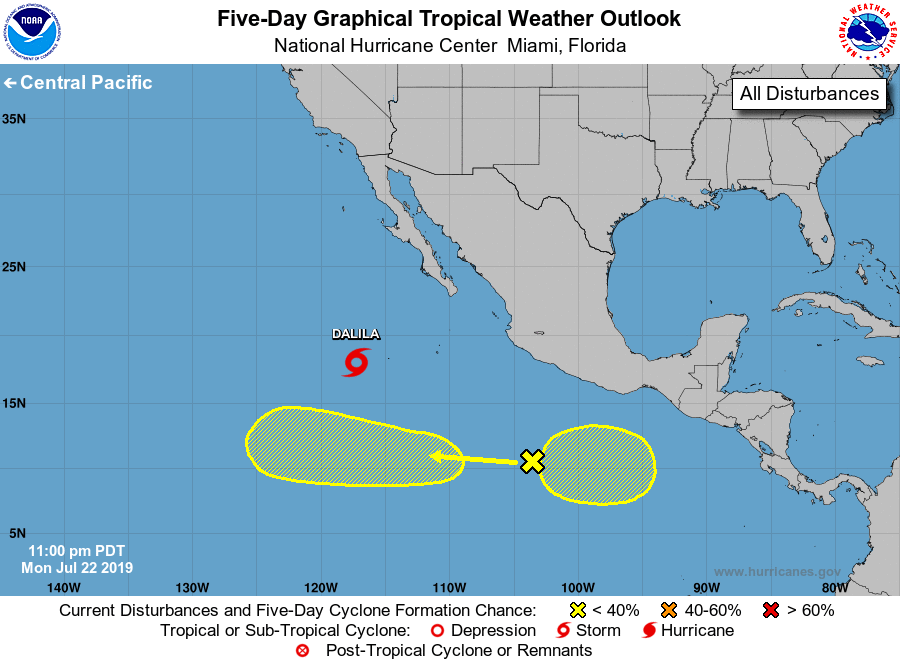
For the eastern North Pacific...east of 140 degrees west longitude:

The National Hurricane Center is issuing advisories on Tropical Depression Five-E, located several hundred miles southwest of the southern tip of the Baja California peninsula.

1. A large area of disturbed weather centered several hundred miles south of the southern coast of Mexico is associated with a tropical wave. Upper-level winds could support some gradual development of this system starting late this week while the wave moves westward at about 15 mph well southwest of Mexico.
* Formation chance through 48 hours...low...near 0 percent.
* Formation chance through 5 days...low...20 percent.

2. An area of low pressure is expected to form late this week a few hundred miles south of the coast of southern Mexico. Conditions appear favorable for gradual development of this system over the weekend while it moves westward at 15 to 20 mph.
* Formation chance through 48 hours...low...near 0 percent.
* Formation chance through 5 days...low...30 percent.

Forecaster Blake